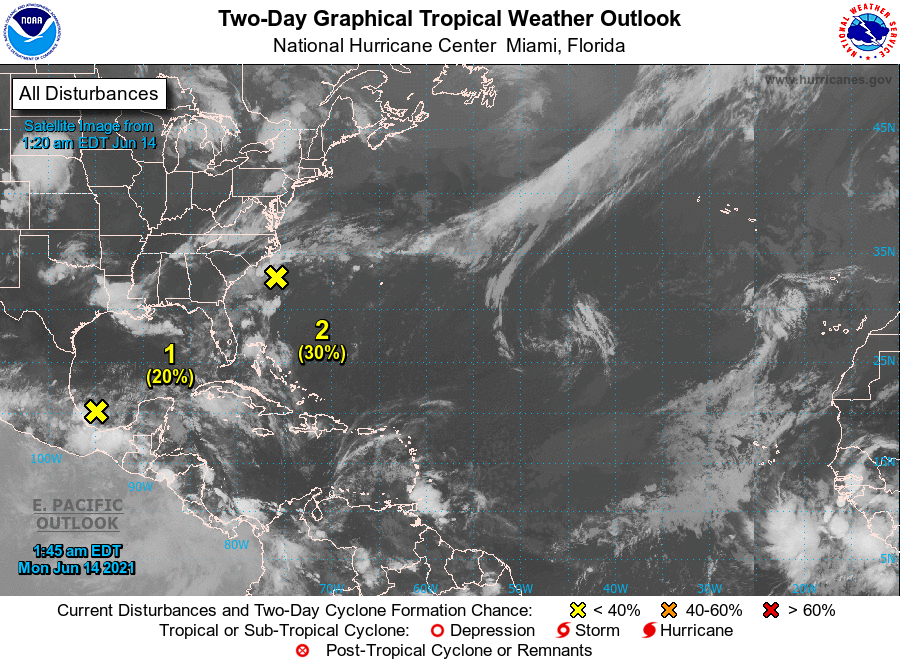
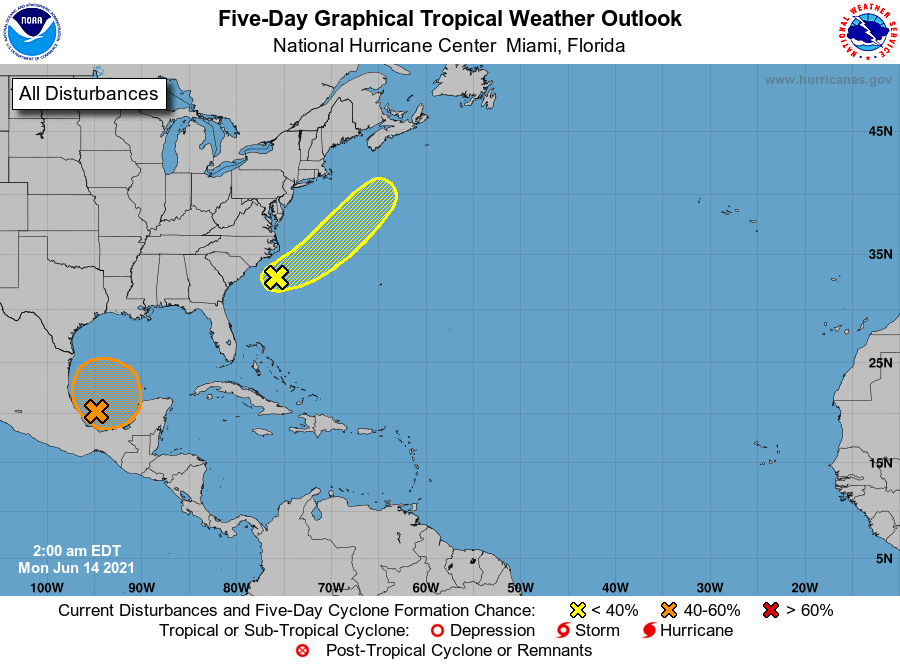
For the North Atlantic...Caribbean Sea and the Gulf of Mexico:

1. A large area of cloudiness and showers located over the Bay of Campeche is associated with a broad low pressure area. Some slow development of this disturbance is possible during the next few days while it meanders near the coast of Mexico, and a tropical depression could form late in the week when the system begins to move slowly northward. Regardless of development, heavy rainfall is possible over portions of Central America and southern Mexico during the next several days. Please consult products from your local meteorological service for more information.
* Formation chance through 48 hours...low...20 percent.
* Formation chance through 5 days...medium...50 percent.

2. A well-defined, non-tropical low pressure system is located about 100 miles southeast of Wilmington, North Carolina. Satellite and radar data indicate that showers and thunderstorms have become a little more concentrated near the center this morning. Furthermore, recent satellite-derived wind data and surface observations indicate that the circulation has become better defined, although the system is still interacting with a frontal boundary. The low is forecast to move northeastward for the next few days while passing over or near the warm Gulf Stream today and Tuesday, which could allow for some tropical development to occur while the system moves away from the United States. The low should move over colder waters south of Nova Scotia by early Wednesday, ending any opportunity for further development.
* Formation chance through 48 hours...low...30 percent.
* Formation chance through 5 days...low...30 percent.

Forecaster Stewart